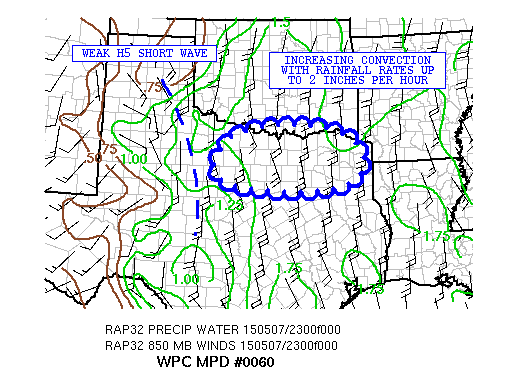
AREAS AFFECTED...NORTHERN TEXAS

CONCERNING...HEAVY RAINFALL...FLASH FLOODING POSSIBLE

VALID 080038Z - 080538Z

SUMMARY...CONVECTION CONTINUES TO EXPAND AND INTENSIFY AND WILL
LIKELY MAINTAIN ITSELF IN A
MOIST AND UNSTABLE AIRMASS WITH THE LLJ STRENGTHENING INTO THE
EARLY NIGHTTIME HOURS.

DISCUSSION...CONVECTION CONTINUE TO INCREASE A BIT IN BOTH
COVERAGE AND INTENSITY THROUGH NORTHERN TX..AND POSES AN
INCREASING THREAT FOR POSSIBLE FLOODING.  ALTHOUGH THE WESTERN
MOST EDGE/SHORT LINE OF CONVECTION HAS REMAINED FAIRLY PROGRESSIVE
THROUGH PORTIONS OF NORTHWESTERN TX..A MORE EAST-WEST LINE OF
CONVECTION SETTING UP JUST DOWNSTREAM THROUGH NORTHCENTRAL TX
POSES A BIGGER PROBLEM AS THIS UPSTREAM ACTIVITY ENCOURAGES UPON
IT.  WITH A VERY PRONOUNCED SOUTH-SOUTHEASTERLY SURFACE FLOW OF 70
DEGREE DEWPOINT AIR AND PWS APPROACHING 1.75 INCHES FEEDING THIS
CONVECTION..AND SHORT TERM MODEL FORECASTS SHOWING THE LOW LEVEL
JET STRENGTHENING TO 40+ KTS..CONVECTION SHOULD MAINTAIN ITSELF
FOR AT LEAST THE NEXT SEVERAL HOURS..WITH LARGE SCALE LIFT AIDED
BY A WEAK H5 S/WV LIFTING OUT OF WESTERN TX.

THE LATEST HRRR AND NSSL WRF SEEM TO HAVE THE BEST HANDLE ON THE
SITUATION.  EXPECT SOME ISOLATED 2 INCH PER HOUR RAINFALL RATES
AND SOME POSSIBLE 3-4+ INCH TOTALS WHERE SOME TEMPORARY CELL
TRAINING OCCURS WITHIN THE EAST-WEST LINE.